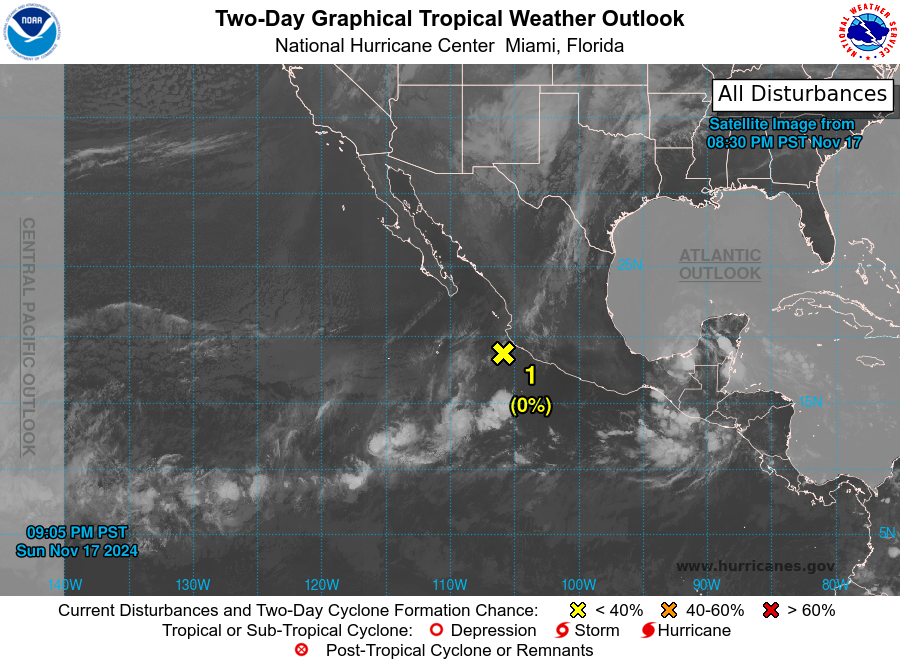
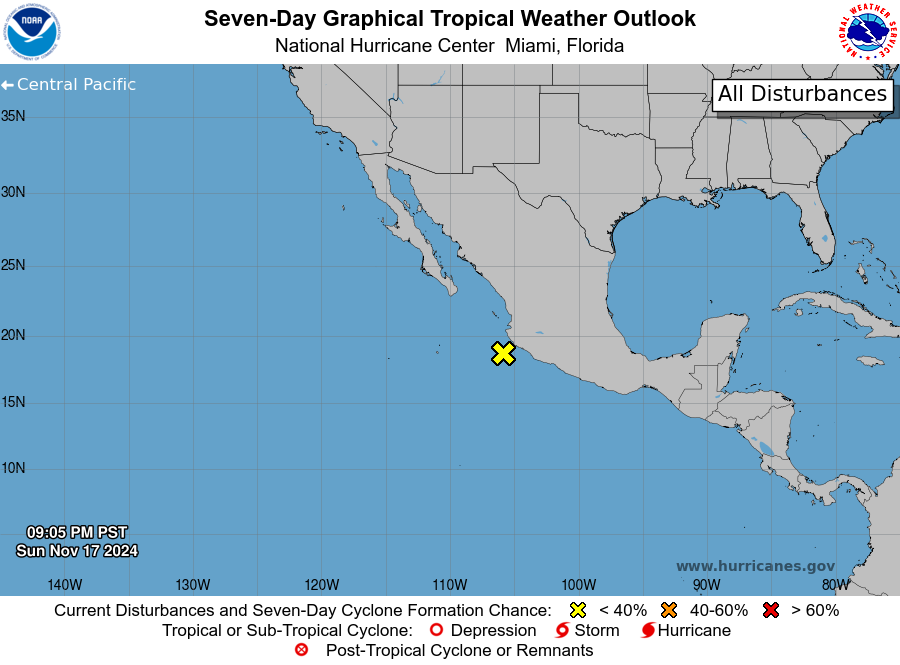
For the eastern North Pacific...east of 140 degrees west longitude:

1. Offshore of Southwestern Mexico: An area of low pressure located just offshore of the coast of southwestern Mexico is producing limited shower and thunderstorm activity. Development of this system is not expected due to strong upper-level winds while it moves southeastward parallel to the coast of Mexico.
* Formation chance through 48 hours...low...near 0 percent.
* Formation chance through 7 days...low...near 0 percent.

Forecaster Cangialosi